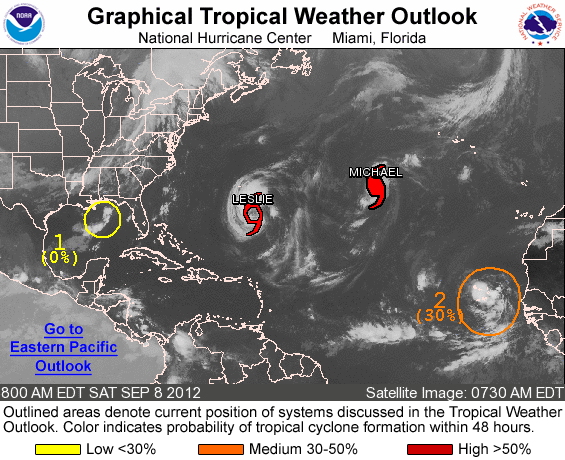
FOR THE NORTH ATLANTIC...CARIBBEAN SEA AND THE GULF OF MEXICO...

THE NATIONAL HURRICANE CENTER IS ISSUING ADVISORIES ON TROPICAL STORM LESLIE...LOCATED ABOUT 310 MILES SOUTH-SOUTHEAST OF BERMUDA... AND ON HURRICANE MICHAEL...LOCATED ABOUT 925 MILES WEST-SOUTHWEST OF THE AZORES.

1. CLOUDINESS AND SHOWERS ASSOCIATED WITH A WEAK LOW PRESSURE AREA LOCATED OVER THE NORTH-CENTRAL GULF OF MEXICO HAVE DIMINISHED. THIS SYSTEM HAS A LOW CHANCE...NEAR 0 PERCENT...OF BECOMING A TROPICAL CYCLONE DURING THE NEXT 48 HOURS.

2. AN AREA OF DISTURBED WEATHER ASSOCIATED WITH A TROPICAL WAVE IS MOVING WESTWARD ACROSS THE CAPE VERDE ISLANDS AT 15 TO 20 MPH. THIS SYSTEM HAS POTENTIAL FOR DEVELOPMENT...AND HAS A MEDIUM CHANCE...30 PERCENT...OF BECOMING A TROPICAL CYCLONE DURING THE NEXT 48 HOURS.

ELSEWHERE...TROPICAL CYCLONE FORMATION IS NOT EXPECTED DURING THE NEXT 48 HOURS.

FORECASTER AVILA